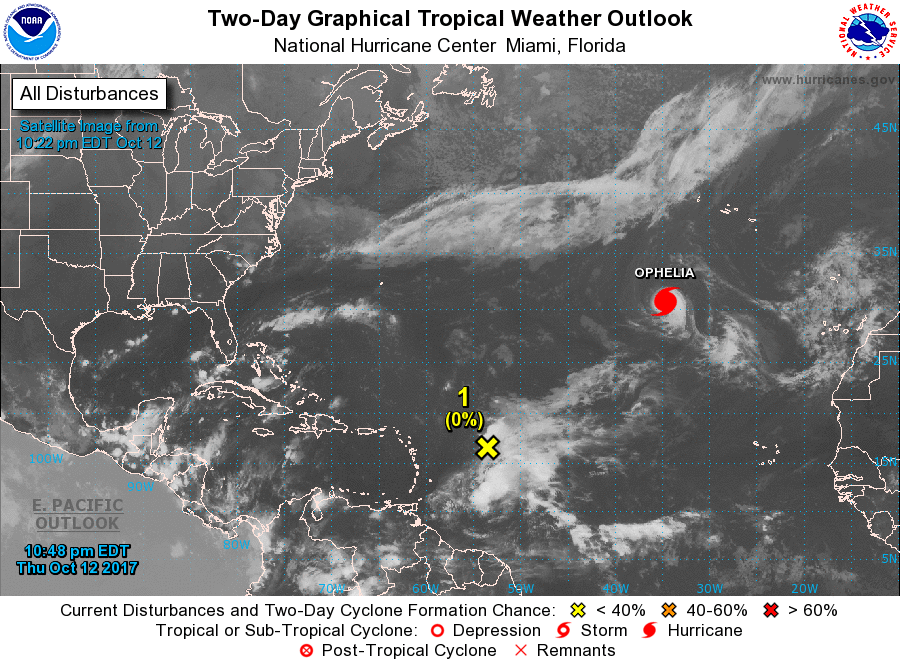
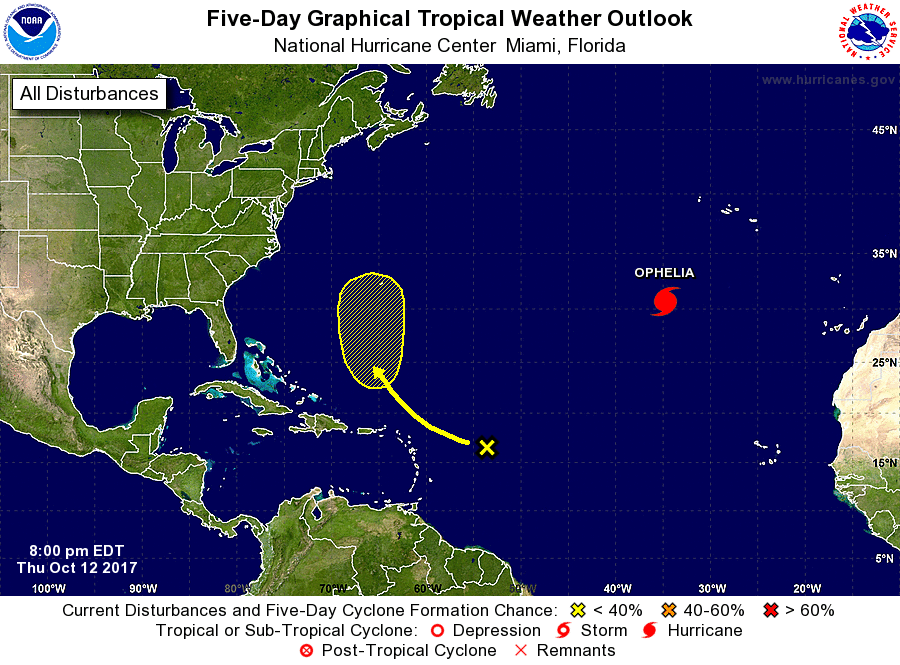
For the North Atlantic...Caribbean Sea and the Gulf of Mexico:

The National Hurricane Center is issuing advisories on Hurricane Ophelia, located over the eastern Atlantic Ocean several hundred miles southwest of the Azores.

1. A strong tropical wave located several hundred miles east of the Lesser Antilles is producing disorganized showers and thunderstorms. Upper-level winds are expected to prevent significant development of this system for the next couple of days as it moves to the north of the Leeward Islands. Environmental conditions could become a little more conducive for some development early next week while the system moves northward over the west-central Atlantic Ocean.
* Formation chance through 48 hours...low...near 0 percent.
* Formation chance through 5 days...low...20 percent.

Forecaster Blake